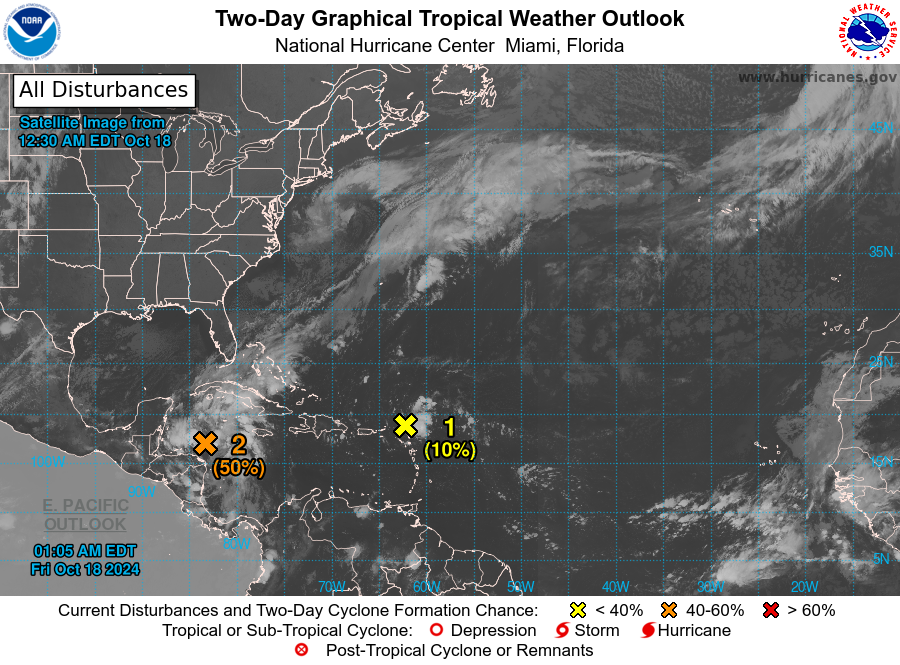
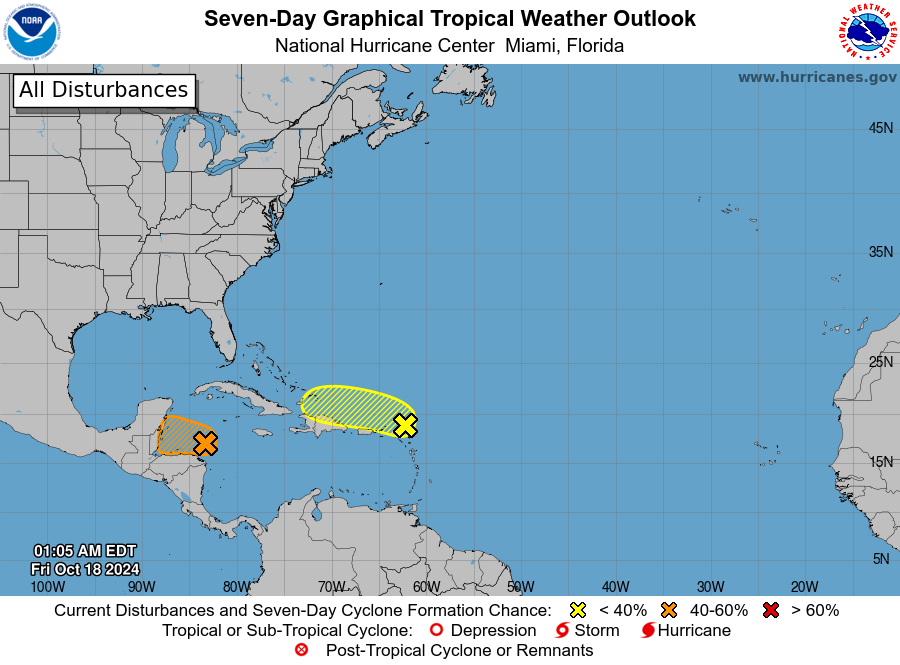
For the North Atlantic...Caribbean Sea and the Gulf of Mexico:

1. Near the Leeward Islands (AL94): A poorly-defined trough of low pressure is producing disorganized showers and thunderstorms extending from the northern Leeward Islands northward for a couple hundred miles over the adjacent Atlantic waters. Development, if any, of this disturbance should be slow to occur while it moves quickly westward to west-northwestward at around 20 mph, passing near or just north of the Virgin Islands and Puerto Rico today, then near Hispaniola and the southeastern Bahamas on Saturday. By late this weekend, further development is not expected due to strong upper-level winds.
* Formation chance through 48 hours...low...10 percent.
* Formation chance through 7 days...low...10 percent.

2. Western Caribbean Sea (AL95): Widespread showers and thunderstorms continue across the northwestern Caribbean Sea in association with a broad area of low pressure that is gradually becoming better defined to the north of eastern Honduras. Environmental conditions appear conducive for some additional development over the next day or two, and a short-lived tropical depression or storm could form before the system moves inland over Belize and the Yucatan Peninsula of Mexico on Saturday. Regardless of development, locally heavy rainfall is likely across portions of Central America and southern Mexico through the weekend.
* Formation chance through 48 hours...medium...50 percent.
* Formation chance through 7 days...medium...50 percent.

Forecaster Hagen